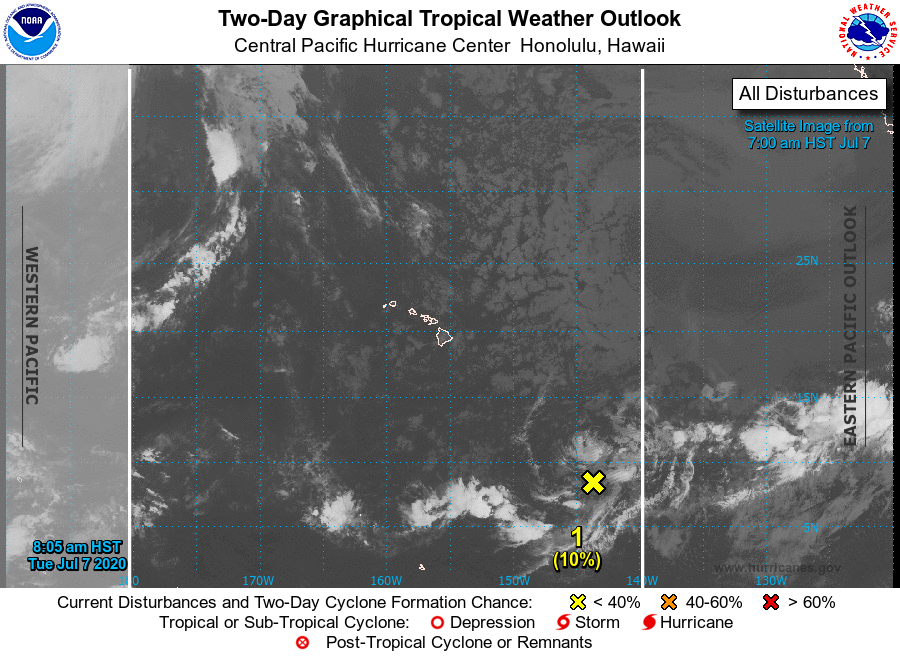
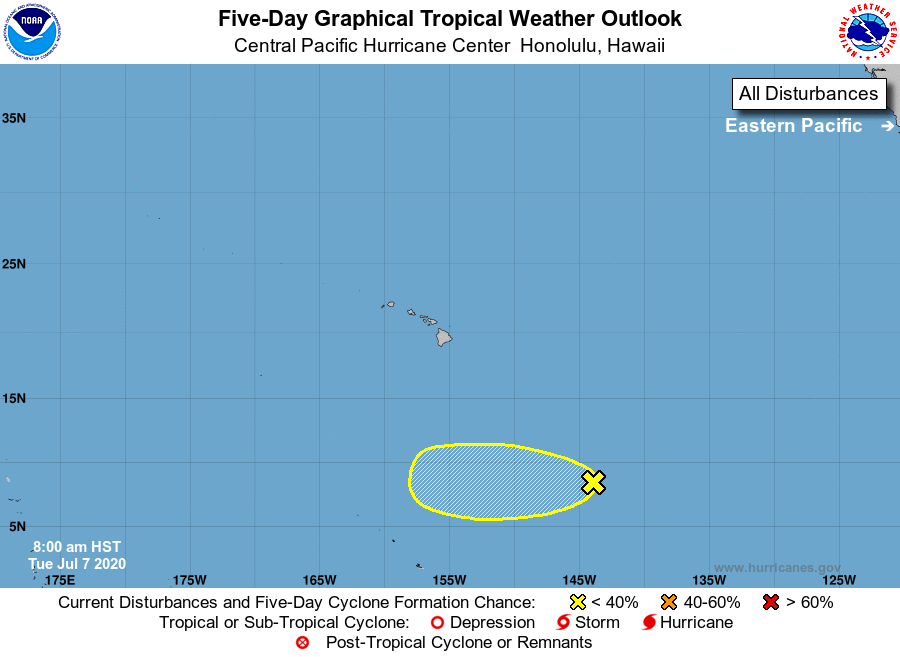
For the central North Pacific...between 140W and 180W:

1. A weak area of low pressure is located over 1,000 miles southeast of the Big Island of Hawaii. Some development is possible over the next several days as the system moves westward near 10 mph.
* Formation chance through 48 hours...low...10 percent.
* Formation chance through 5 days...low...10 percent.

Elsewhere, no tropical cyclones are expected during the next 5 days.

Forecaster Wroe